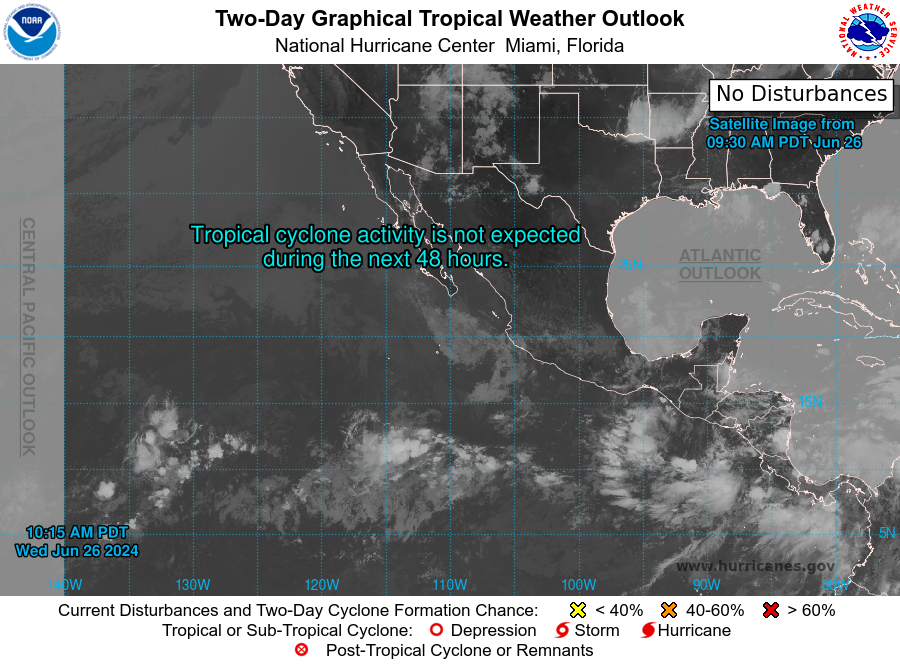
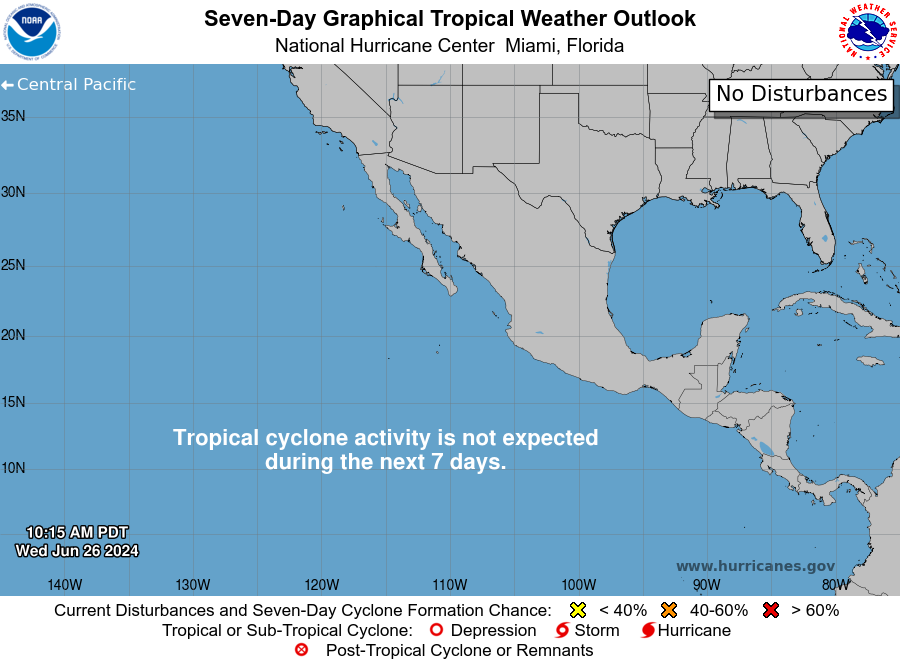
For the eastern North Pacific...east of 140 degrees west longitude:

Tropical cyclone formation is not expected during the next 7 days.

Forecaster Roberts